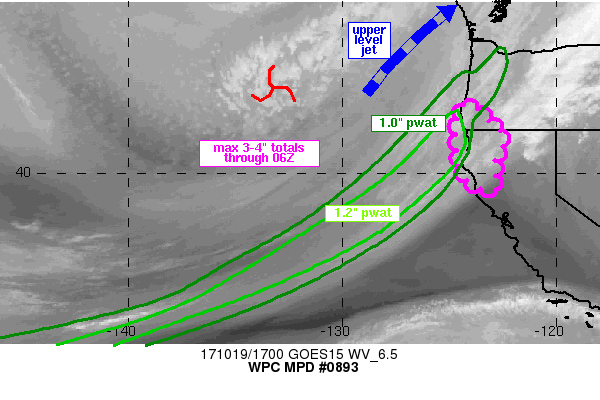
AREAS AFFECTED...SWRN OR INTO NWRN CA

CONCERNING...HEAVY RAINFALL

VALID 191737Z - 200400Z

SUMMARY...AN INCREASE IN RAIN RATES PEAKING IN THE 0.5 TO 0.6
IN/HR RANGE IS EXPECTED TO REACH THE SOUTHWEST OREGON COAST INTO
PORTIONS OF NORTHWESTERN CALIFORNIA AFTER 21Z. MAXIMUM 12 HR
RAINFALL TOTALS OF 3-4 INCHES ARE EXPECTED THROUGH 06Z ACROSS
THESE LOCATIONS.

DISCUSSION...AN ONGOING ATMOSPHERIC RIVER EVENT WAS REPRESENTED BY
A PLUME OF PRECIPITABLE WATER VALUES PEAKING IN THE 1.3 TO 1.4
INCH RANGE OFFSHORE OF THE OREGON COAST. BLENDED TPW IMAGERY HAS
SHOWN A DOWNWARD TREND IN PEAK PRECIPITABLE WATER VALUES OVER THE
PAST 12 HOURS WITHIN 300 MILES OF THE PACIFIC NORTHWEST COASTLINE
AND GPS SITES SHOWED 1.1 TO 1.2 INCHES AT 16Z INTO CENTRAL OREGON
WEST OF THE CASCADE RIDGE. AVAILABLE OBSERVED RAINFALL RATES
ENDING AT 16Z WERE SEEN TO MAX OUT IN THE 0.3 TO 0.4 IN/HR RANGE
OVER THE SOUTHERN WASHINGTON CASCADES...A DECREASE COINCIDENT WITH
A WEAKENING OBSERVED THE 700 MB VAD WIND PLOT AT THE PORTLAND
RADAR...KRTX... SHOWING NEAR 40 KT AT 17Z. THIS WEAKENING HAS BEEN
WELL FORECAST BY THE RAP AND RECENT HI-RES MODEL GUIDANCE.

CHANGES TO RAINFALL INTENSITY ARE EXPECTED LATER THIS AFTERNOON IN
ADVANCE OF A MID-UPPER VORTICITY MAX IDENTIFIED IN WATER VAPOR
IMAGERY NEAR 44N 133W AT 17Z...AND DOWNSTREAM OF A 12Z
GFS-FORECAST 180+ KT UPPER LEVEL JET NEAR 150W. THE UPPER TROUGH
PRESENTLY WEST OF WASHINGTON/OREGON IS EXPECTED TO AMPLIFY AND
SHARPEN THROUGH 00Z AS THE TROUGH AXIS NEARS THE OREGON COAST.
THIS AMPLIFICATION WILL ALLOW FOR INCREASING DIFFLUENCE AND
DIVERGENCE ALOFT ALONG WITH A DEPARTING 130 KT JET STREAK
CURRENTLY OVER THE OLYMPICS.

RAP FORECASTS HAVE BEEN CONSISTENT FROM RUN TO RUN SHOWING A
CONTINUED WEAKENING OF THE PRECIPITABLE WATER AXIS THROUGH
00Z...AND NO APPRECIABLE INSTABILITY UNTIL AFTER THE COLD FRONT
PASSES THROUGH...BUT THE INCREASING DYNAMIC LIFT AHEAD OF THE
UPPER TROUGH COMBINED WITH PRECIPITABLE WATER VALUES PEAKING IN
THE 1.1 TO 1.2 INCH RANGE SHOULD BE ENOUGH TO SUPPORT RAINFALL
RATES NEAR 0.5 IN/HR AT TIMES WHICH MAY POSE LOCALIZED FLASH
FLOODING ACROSS BURN SCAR LOCATIONS. THE MOISTURE PLUME WILL
SLOWLY BUT STEADILY DROP SOUTH DOWN THE NORTHERN CALIFORNIA COAST
BEYOND 00Z WHICH SHOULD LIMIT MAXIMUM RAINFALL IN THE 3-4 INCH
RANGES...WITH MAY LOCATIONS RECEIVING LESS THAN 3 INCHES BY 06Z.